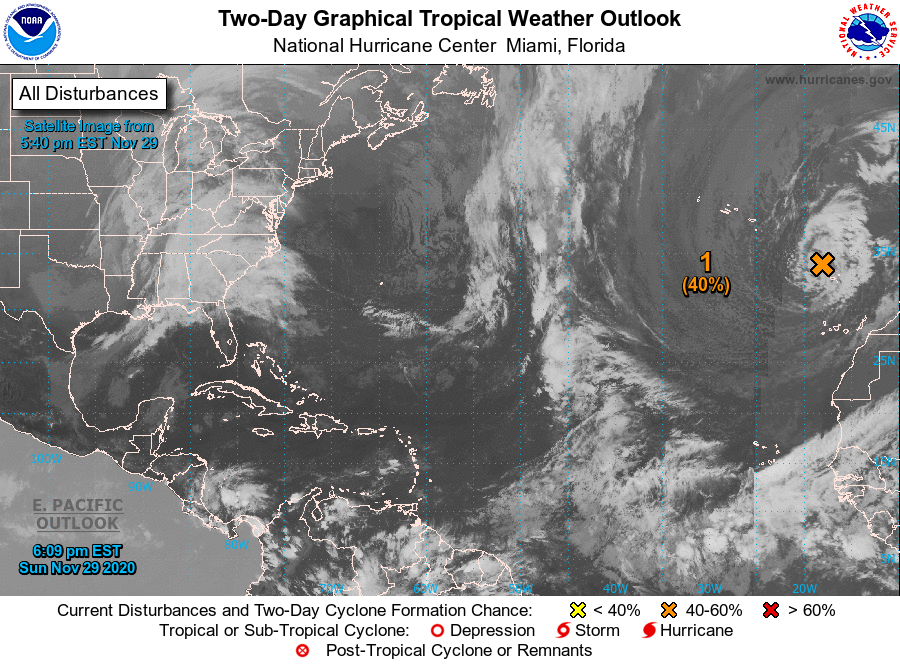
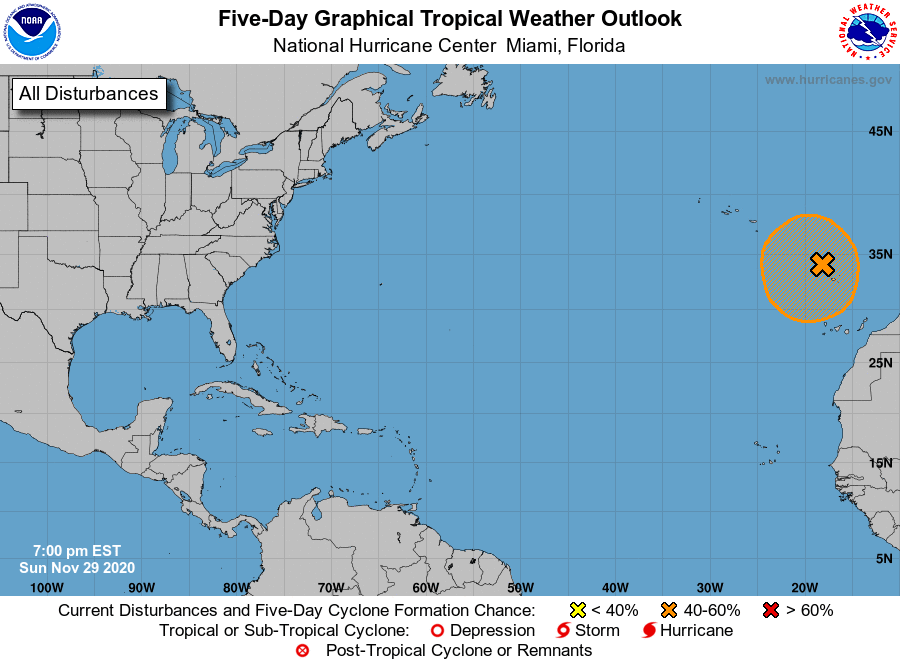
For the North Atlantic...Caribbean Sea and the Gulf of Mexico:

1. Shower and thunderstorm activity associated with a strong and large non-tropical low pressure system over the far eastern Atlantic has changed little in organization since this afternoon. This low could still acquire subtropical characteristics during the next couple of days while it meanders just to the north of the Canary Islands. By the middle of the week, environmental conditions are forecast to become unfavorable for further development. Regardless of development, this system should cause strong winds and locally heavy rains in the Madeira Islands through Monday or Tuesday. Additional information on this system can be found in High Seas Forecasts issued by Meteo France.
* Formation chance through 48 hours...medium...40 percent.
* Formation chance through 5 days...medium...40 percent.

High Seas Forecasts issued by Meteo France can be found under WMO header FQNT50 LFPW.

Forecaster Latto